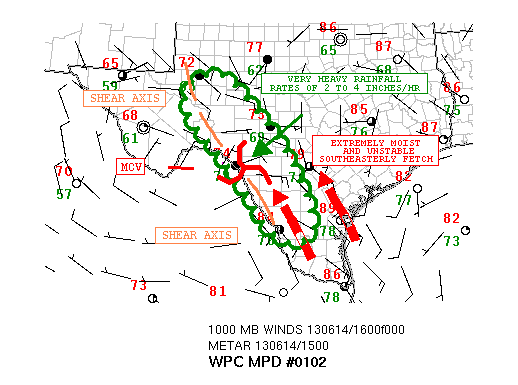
AREAS AFFECTED...SOUTH-CENTRAL TX

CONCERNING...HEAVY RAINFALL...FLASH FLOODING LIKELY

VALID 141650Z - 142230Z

SUMMARY...SLOW-MOVING AND LOCALLY TRAINING CONVECTION WILL BE
CONDUCIVE FOR GENERATING VERY HEAVY RAINFALL AMOUNTS AND YIELDING
A HIGH THREAT FOR FLASH FLOODING THROUGH THE AFTERNOON.

DISCUSSION...LATEST RADAR IMAGERY SHOWS A GRADUALLY ORGANIZING
NW/SE ORIENTED BAND OF CONVECTION THAT IS SEEN SLOWLY LIFTING NWD
TOWARD PORTIONS OF THE BIG BEND AREA OF TX. IR SAT IMAGERY SHOWS
COLD TOPS ON THE ORDER OF -65C TO -70C...WITH THE TREND THE LAST
COUPLE HOURS OF ADDITIONAL COOLING WHICH IS INDICATIVE OF
INTENSIFICATION. THE CONVECTION IS BEING FOSTERED BY AN ELONGATED
MID LVL TROUGH/SHEAR AXIS THAT EXTENDS FROM NRN MEXICO UP ACROSS
THE BIG BEND OF TX AND INTO PORTIONS OF W TX. ADDITIONALLY...THE
THERMODYNAMIC ENVIRONMENT IS VERY CONDUCIVE FOR DEVELOPING AND
SUSTAINABLE CONVECTION COURTESY OF A VERY MOIST SELY LOW LEVEL
FETCH WITH PWATS OF 2 TO 2.25 INCHES AND SBCAPE VALUES AOA 3000
J/KG ACROSS THE LOWER RIO GRANDE VALLEY.

EXPECTING THE CONVECTION OVER THE NEXT COUPLE OF HOURS TO CONTINUE
TO ORGANIZE AND EXPAND IN COVERAGE WITH A LIKELIHOOD FOR TRAINING
CONVECTION. VERY HEAVY RAINFALL RATES ARE EXPECTED...ON THE ORDER
OF 2 TO 4 INCHES/HR...AND THIS COUPLED WITH THE SLOW-MOVEMENT WILL
SUPPORT A LOCALLY SIGNIFICANT THREAT OF FLASH FLOODING. CANNOT
RULE OUT RAINFALL TOTALS ON THE ORDER OF 5 TO 10 INCHES AT LEAST
LOCALLY THIS AFTERNOON.